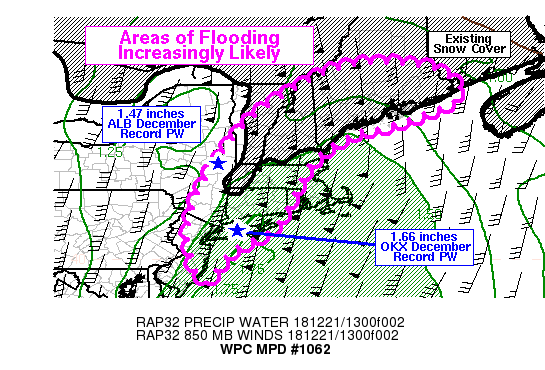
Areas affected...Portions of the Northeast

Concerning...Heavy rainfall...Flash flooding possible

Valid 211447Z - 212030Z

Summary...Unusually significant amounts of moisture for the winter
season will continue to surge into the Northeast region today,
leading to widespread moderate to heavy rain. Areas of flooding
will generally become more likely through the day, with numerous
locations expected to receive 1-2 inches of rain in the next six
hours (by 3 PM). Isolated locations could receive up to 3 inches
of rain in that time.

Discussion...Any time you see monthly precipitable water records
falling, there tends to be an elevated risk of flooding issues.
That is the expectation across portions of the Northeast today, as
both Upton, NY and Albany, NY reached their December monthly
record PW on their 12Z soundings. Additional sites are likely to
eclipse their monthly record PW today, even if it doesn't occur
precisely at the subsequent 00Z observation time. The tremendous
northward moisture flux is the result of a ribbon of strong
southerly low-mid level flow to the east of an amplified trough in
the Eastern CONUS, and MIMIC-TPW and GOES-16 Simple WV RGB
products show that the tail of this moisture plume extends down
through Honduras and into the tropics. Not only are PW values
eclipsing monthly records, but the 925-500mb temperatures are all
above the 99th percentile for the month as well. Basically the
entire sounding profile is shifted to the right side, and in some
cases outside, of the December sample across the entire region,
and this will prove to be supportive of very heavy rain for this
time of year. One last data point for context: the RAP is
forecasting PW values around 1.5" at Gray, ME (KGYX) by 00Z, which
would be around the 90th percentile for that location during the
summer months.

The flooding concern across the region is essentially split into
two primary areas. First, greater instability will exist in the
lower elevation areas of southern New England, generally along and
south of I-90. Although MUCAPE should generally only be on the
order of several hundred j/kg, given the record PWs and strong
low-level convergence it should be sufficient for some convective
banding and perhaps a few areas where rain rates can approach 1
in/hr. This may be sufficient to cause flash flooding,
particularly where the heavier rain rates can intersect with urban
areas. Otherwise, this area can expect persistent moderate to
occasionally heavy rain through the day which should make general
areal flooding more likely. The second area of concern extends
further north in New England where there is actually still some
snow cover. This is primarily confined to ME, NH, VT and the
Berkshires in W MA. NOHRSC analysis shows over 2 inches of snow
water equivalent still in the snow pack at the higher elevations
(generally above 1000 feet). Given the anomalous warmth through
most of the troposphere, and the expectations for rain falling
through the day, additional runoff through snow melt should be a
consideration. Therefore, although rain rates will not be as high
in these areas, combined rain water and snow melt runoff should
lead to some flooding issues developing today.